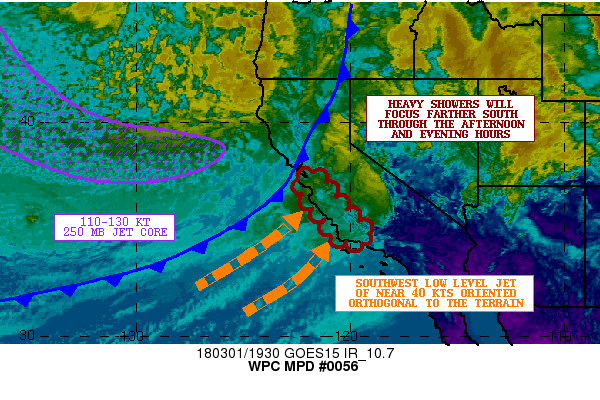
AREAS AFFECTED...CENTRAL/SOUTHERN CA COASTAL RANGES

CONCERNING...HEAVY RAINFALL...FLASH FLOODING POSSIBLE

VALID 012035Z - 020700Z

SUMMARY...HEAVY SHOWERS WILL CONTINUE TO ADVANCE SOUTH DOWN ACROSS
THE COASTAL RANGES OF CENTRAL TO SOUTHERN CA THIS AFTERNOON AND
THROUGH THE EVENING HOURS.

DISCUSSION...THE LATEST IR/WV SATELLITE IMAGERY SHOWS A DEEPENING
UPPER TROUGH ADVANCING SOUTH DOWN OFF THE WEST COAST WHICH IS
ALLOWING A COLD FRONT TO GRADUALLY SWEEP INLAND ACROSS NORTHERN
AND CENTRAL CA. THE LATEST AREA RADAR IMAGERY COUPLED WITH AN
OFFSHORE 1819Z AMSU PASS SHOWS NUMEROUS SHOWERS FOCUSING ALONG AND
JUST AHEAD OF THE BOUNDARY.

RAINFALL RATES HAVE OCCASIONALLY BEEN APPROACHING 0.50 INCH/HR
ALONG AND JUST INLAND OF THE COAST...AND THIS IS BEING AIDED BY A
MOIST SOUTHWEST LOW LEVEL JET OF NEAR 40 KTS WHICH IS ORIENTED
ORTHOGONAL TO THE COASTAL RANGES. PWATS ARE NOT PARTICULARLY HIGH
AS THE LATEST GOES-15 SOUNDER DATA ONLY SHOWS ABOUT 0.70 TO 0.80
INCH PWATS AIMING TOWARD THE COAST...BUT THE UPSLOPE
FLOW/OROGRAPHICS IS COMPENSATING BY ENHANCING THE RATES.

THE LATEST HIRES CAM GUIDANCE IS SUGGESTING SOME UPTICK THIS
AFTERNOON AND EVENING OF THE RAINFALL RATES FOR THE CENTRAL AND
EVENTUALLY SOUTHERN CA COASTAL RANGES AS 850 MB MOISTURE FLUX
ANOMALIES INCREASE TO 3 TO 3.5 STANDARD DEVIATIONS ABOVE NORMAL.
THIS COUPLED WITH THE DEGREE OF SURFACE FRONTAL
CONVERGENCE...UPSLOPE FLOW AND PROXIMITY OF FAVORABLE LEFT-EXIT
REGION UPPER JET DYNAMICS SHOULD FAVOR RAINFALL RATES THAT REACH
AS HIGH AS 0.60 TO 0.80 INCHES/HR.

THE HEAVIEST FOCUS OF RAIN INITIALLY WILL BE OVER SANTA CRUZ AND
SANTA CLARA COUNTIES...BUT THESE RAINS WILL SETTLE SOUTH DOWN
ACROSS MONTEREY COUNTY BY LATER THIS AFTERNOON...AND THEN AS FAR
SOUTH AS SAN LUIS OBISPO AND SANTA BARBARA COUNTIES THIS EVENING
AS THE LOW LEVEL ONSHORE FLOW INCREASES. A CONSENSUS OF THE 12Z
ARW/ARW-2 AND NMMB SOLUTIONS SUPPORT AS MUCH AS 3 TO 4 INCHES OF
RAIN THROUGH 06Z...WITH THE HEAVIEST TOTALS THIS PERIOD EXPECTED
TO BE ACROSS MONTEREY COUNTY. HOWEVER...AFTER 06Z THERE WILL BE
MORE OF A FOCUS OF HEAVIER RAIN FARTHER SOUTH AND CLOSER DOWN
TOWARD SANTA BARBARA COUNTY AS THE COLD FRONT SETTLES FARTHER DOWN
THE COAST AND INTERACTS WITH THE TRANSVERSE RANGES.

GIVEN THE EXPECTED RAINFALL...THERE WILL BE CONCERNS FOR RUNOFF
PROBLEMS AND POTENTIALLY SOME FLASH FLOODING NEAR THE BURN SCAR
AREAS. THIS WILL INCLUDE A THREAT OF DEBRIS FLOWS AS WELL. WILL
CONTINUE TO MONITOR.